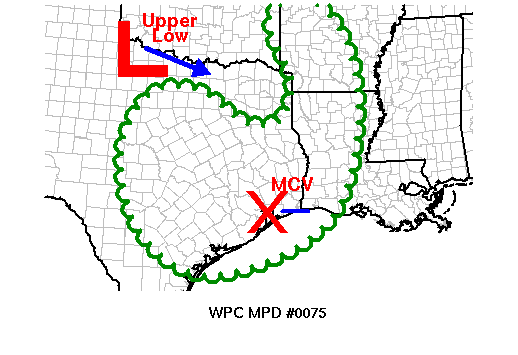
AREAS AFFECTED...TX/LA/AR

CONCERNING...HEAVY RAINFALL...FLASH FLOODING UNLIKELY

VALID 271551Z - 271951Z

SUMMARY...LOCALLY HEAVY RAINFALL IS EXPECTED TO CONTINUE IN
ASSOCIATION WITH A DECAYING MCS BUT IS NOT EXPECTED TO RESULT IN
SIGNIFICANT FLASH FLOODING DUE TO INSUFFICIENT RATES ACROSS A
LARGE AREA.

DISCUSSION...PEAK HOURLY RAINFALL RATES APPROACHING 1.5 INCHES
WILL LIKELY OCCUR AS A LINE OF STRONG CONVECTION ALONG THE LEADING
EDGE OF A DECAYING MCS NEAR GALVESTON MOVES INTO THE NORTHWESTERN
GULF...WITH AREAS MOST LIKELY TO BE IMPACTED INCLUDING THE WESTERN
HALF OF LOUISIANA.

LOWER RAINFALL RATES WILL ACCOMPANY NORTHERN PORTIONS OF THE LINE
INTO WESTERN ARKANSAS WHERE CAPE VALUES AND STORM RELATIVE
CONVERGENCE ARE EXPECTED TO BE WEAKER...AND ALSO TO THE REAR OF
THE MCS OVER CENTRAL TEXAS WHERE THE 850-700 MB LAYER FLOW IS
EXPERIENCING A LOCAL MAXIMA DUE TO THE REAR INFLOW JET.  THIS
REGION OVER CENTRAL TEXAS IS MORE SUSCEPTIBLE TO EXPERIENCING
FLASH FLOODING.  HOWEVER...GIVEN ANTICIPATED CELL MOTIONS TOWARD
THE EAST AT 30 KNOTS AND LOWER PRECIPITABLE WATER/INSTABILITY
VALUES...TOTAL RAINFALL AMOUNTS ARE NOT EXPECTED TO BE VERY HEAVY.

THE 12Z NAM CONUS NEST HAS A REASONABLY GOOD HANDLE ON THE CURRENT
EVOLUTION BUT IS TOO SLOW AND HEAVY WITH THE SOUTHWESTERN TIP OF
THE MCS...LIKELY DUE TO SPIN-UP ERROR. SOME NUMERICAL GUIDANCE
SUGGESTS THAT EXCESSIVE RAINFALL MAY RETURN TO PORTIONS OF THE
TEXAS COAST AS WELL AS LOUISIANA TONIGHT.  HOWEVER...IT REMAINS
UNCLEAR TO WHAT EXTENT IF ANY THE CURRENT MCS MAY IMPEDE NEW
DEVELOPMENT.